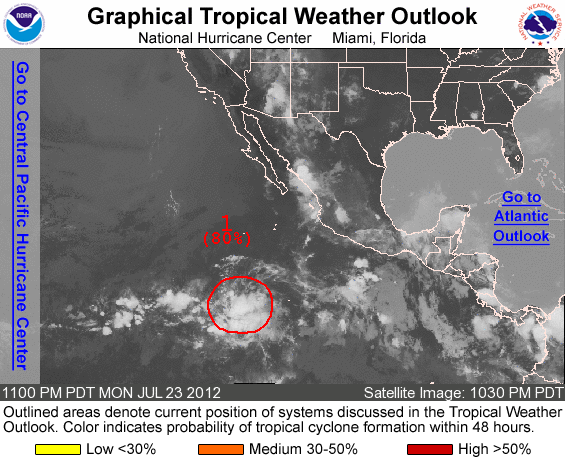
FOR THE EASTERN NORTH PACIFIC...EAST OF 140 DEGREES WEST LONGITUDE..

1. THE CIRCULATION OF A LOW PRESSURE SYSTEM CENTERED ABOUT 950 MILES SOUTHWEST OF MANZANILLO MEXICO HAS BECOME LESS WELL-DEFINED DURING THE PAST SEVERAL HOURS. HOWEVER...ENVIRONMENTAL CONDITIONS STILL SEEM CONDUCIVE FOR A TROPICAL DEPRESSION TO FORM DURING THE NEXT DAY OR SO. THIS SYSTEM HAS A HIGH CHANCE...80 PERCENT...OF BECOMING A TROPICAL CYCLONE DURING THE NEXT 48 HOURS AS IT MOVES WESTWARD OR WEST-NORTHWESTWARD AT 10 MPH.

ELSEWHERE...TROPICAL CYCLONE FORMATION IS NOT EXPECTED DURING THE NEXT 48 HOURS.

FORECASTER BLAKE